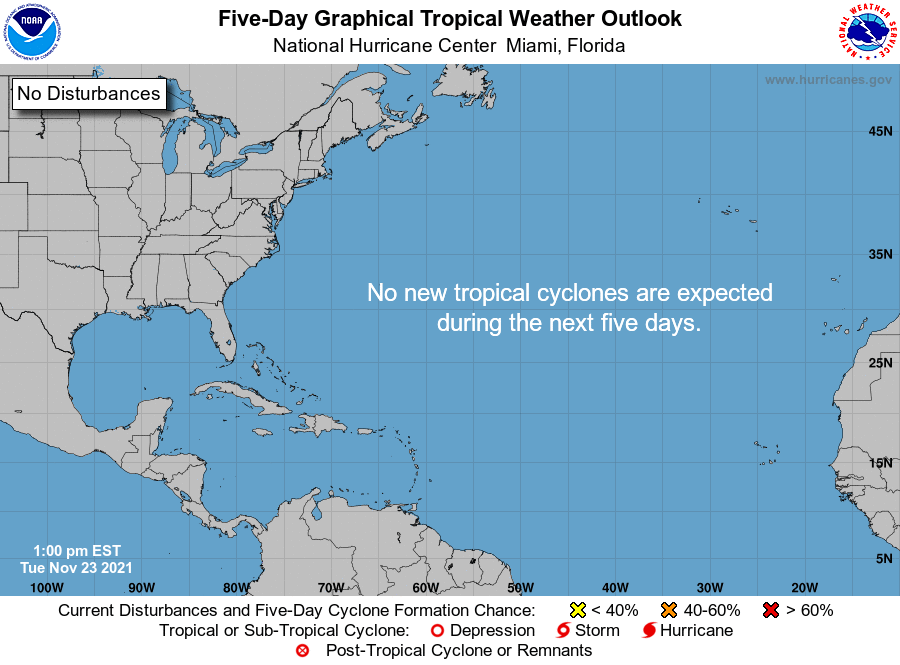
For the North Atlantic...Caribbean Sea and the Gulf of Mexico:

Tropical cyclone formation is not expected during the next 5 days.

Forecaster Stewart